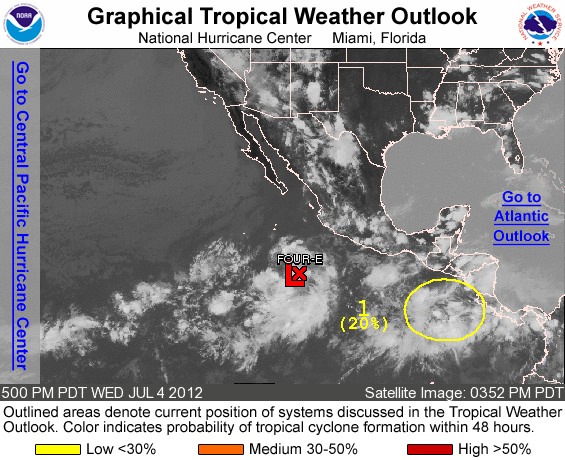
FOR THE EASTERN NORTH PACIFIC...EAST OF 140 DEGREES WEST LONGITUDE..

THE NATIONAL HURRICANE CENTER IS ISSUING ADVISORIES ON TROPICAL DEPRESSION FOUR-E...LOCATED ABOUT 445 MILES SOUTH-SOUTHWEST OF MANZANILLO MEXICO.

1. DISORGANIZED SHOWER AND THUNDERSTORM ACTIVITY EXTENDS SEVERAL HUNDRED MILES WEST OF COSTA RICA OVER THE FAR EASTERN NORTH PACIFIC OCEAN. ONLY SLOW DEVELOPMENT OF THIS DISTURBANCE IS EXPECTED OVER THE NEXT FEW DAYS AS IT MOVES WESTWARD AT ABOUT 10 MPH. THIS SYSTEM HAS A LOW CHANCE...20 PERCENT...OF BECOMING A TROPICAL CYCLONE DURING THE NEXT 48 HOURS.

ELSEWHERE...TROPICAL CYCLONE FORMATION IS NOT EXPECTED DURING THE NEXT 48 HOURS.

&&
PUBLIC ADVISORIES ON TROPICAL DEPRESSION FOUR-E ARE ISSUED UNDER WMO HEADER WTPZ34 KNHC AND UNDER AWIPS HEADER MIATCPEP4. FORECAST/ADVISORIES ON THE DEPRESSION ARE ISSUED UNDER WMO HEADER WTPZ24 KNHC AND UNDER AWIPS HEADER MIATCMEP4.

FORECASTER BERG